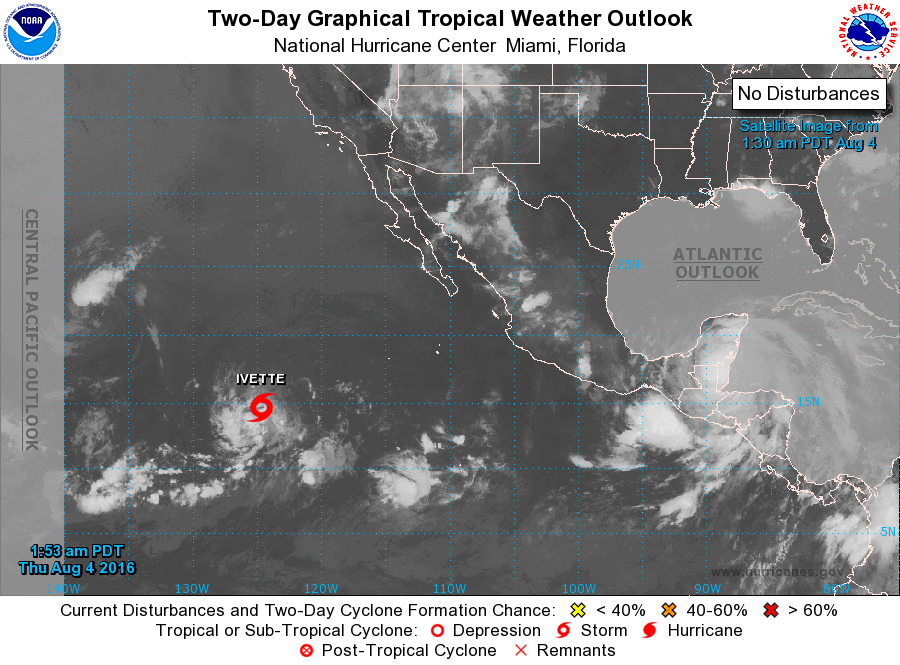
For the eastern North Pacific...east of 140 degrees west longitude:

The National Hurricane Center is issuing advisories on Tropical Storm Ivette, located more than 1000 miles west-southwest of the southern tip of the Baja California peninsula.

1. An area of low pressure is expected to form near the southern or southwestern coast of Mexico this weekend in association with the remnants of Atlantic Hurricane Earl after it moves across southern Mexico. Some subsequent development of this system is possible early next week while it moves northwestward near the southwestern coast of Mexico to the south of the Baja California peninsula.
* Formation chance through 48 hours...low...near 0 percent
* Formation chance through 5 days...medium...50 percent

Forecaster Brown